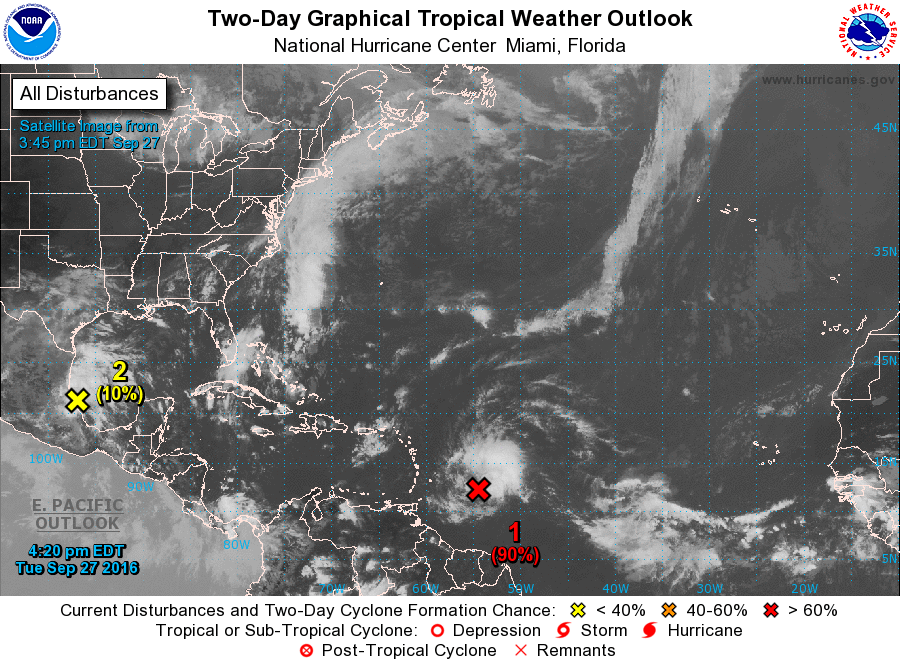
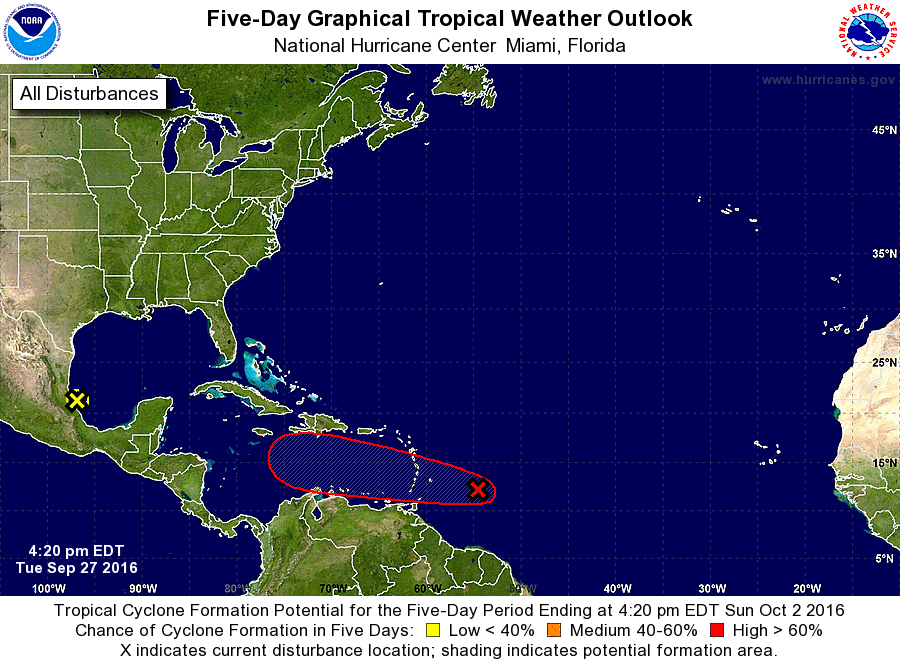
For the North Atlantic...Caribbean Sea and the Gulf of Mexico:

Special Tropical Weather Outlook issued to discuss findings of the reconnaissance aircraft mission.

1. Updated: Reports from an Air Force Reserve reconnaissance aircraft indicate that the tropical wave located about 300 miles east of Barbados does not have a closed surface circulation. The system is producing winds to near tropical storm force and the thunderstorm activity continues to show signs of organization. Conditions are expected to be favorable for development, and a tropical depression or tropical storm is likely to form tonight or Wednesday. The system is moving westward to west-northwestward at 15 to 20 mph, and is expected to pass over the Windward Islands on Wednesday morning, and move over the southeastern Caribbean Sea late Wednesday and Thursday.

Interests in the Windward and southern Leeward Islands, Bonaire, Curacao, Aruba, and along the northern coast of South America should monitor the progress of this disturbance, and consult products issued by your national meteorological service, which could include tropical storm warnings or watches. Regardless of whether the system is a tropical wave or tropical cyclone, heavy rains and tropical-storm-force winds in squalls are expected to spread over the Windward Islands and portions of the southern Leeward Islands, beginning tonight and continuing through Wednesday.
* Formation chance through 48 hours...high...90 percent
* Formation chance through 5 days...high...90 percent

2. A large area of disorganized showers and thunderstorms over the southwestern Gulf of Mexico is associated with a trough of low pressure that is drifting westward. Upper-level winds are not expected to be conducive for significant development before this system moves inland over Mexico during the next day or so.
* Formation chance through 48 hours...low...10 percent
* Formation chance through 5 days...low...10 percent

Forecaster Brown